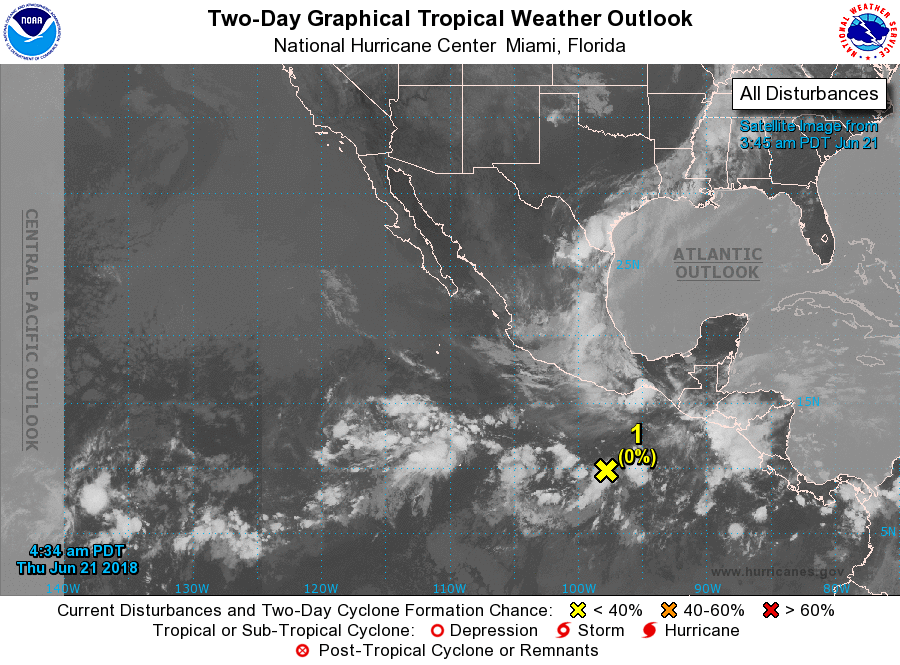
For the eastern North Pacific...east of 140 degrees west longitude:

1. Disorganized showers and thunderstorms located several hundred miles south-southwest of the Gulf of Tehuantepec are associated with a tropical wave. An area of low pressure is expected to develop from this system by the weekend or early next week a few hundred miles south of the southern coast of Mexico. Additional development is possible thereafter while the disturbance moves slowly westward to west-northwestward well offshore of the coast of Mexico.
* Formation chance through 48 hours...low...near 0 percent.
* Formation chance through 5 days...low...30 percent.

Forecaster Roberts